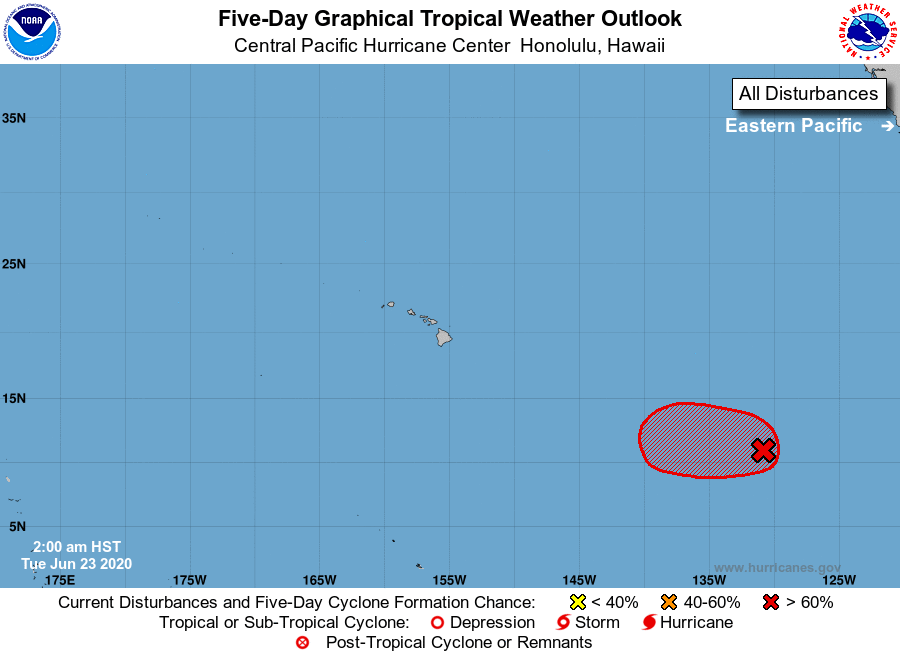
For the central North Pacific...between 140W and 180W:

1. A small area of low pressure located more than 1700 miles east-southeast of Hilo, Hawaii, continues to produce an area of cloudiness and showers. Although the shower activity has become a little less organized overnight, environmental conditions appear conducive for gradual development, and this system is likely to become a tropical depression during the next few days while it moves slowly westward.
* Formation chance through 48 hours...medium...50 percent.
* Formation chance through 5 days...high...70 percent.

Forecaster Kinel